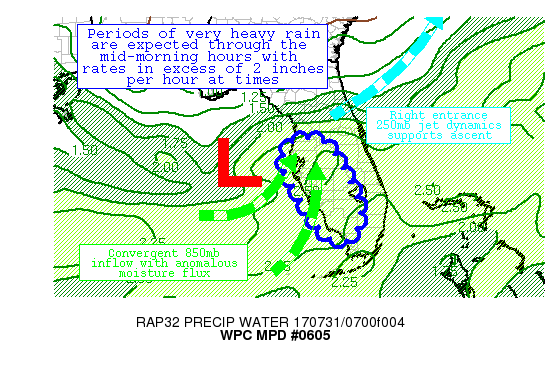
AREAS AFFECTED...WEST CENTRAL FLORIDA

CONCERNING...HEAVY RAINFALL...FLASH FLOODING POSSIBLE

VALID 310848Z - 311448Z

SUMMARY...A DEEP SURGE OF TROPICAL MOISTURE OVER WESTERN FLORIDA
IN ASSOCIATION WITH A SURFACE LOW NEAR THE COAST IS EXPECTED TO
RESULT IN WIDESPREAD HEAVY SHOWERS AND THUNDERSTORMS.  THE
POTENTIAL EXISTS FOR SOME RAINFALL AMOUNTS IN EXCESS OF 4 INCHES
BY 11AM LOCAL TIME.

DISCUSSION...RADAR AND SURFACE OBSERVATIONS ARE INDICATING A WELL
DEFINED CIRCULATION ABOUT 100 MILES WEST OF THE GREATER TAMPA BAY
AREA EARLY MONDAY MORNING.  HEAVY CONVECTION WITH THIS LOW HAS
GRADUALLY BEEN INCREASING IN COVERAGE OVER THE PAST COUPLE OF
HOURS, WITH NEAR TERM MODEL GUIDANCE SUGGESTING THAT THIS TREND
WILL CONTINUE.

ATMOSPHERIC PARAMETERS ARE QUITE CONDUCIVE FOR HEAVY RAINFALL
ACROSS THE WESTERN FLORIDA PENINSULA DURING THE MORNING HOURS.
RIGHT ENTRANCE UPPER LEVEL JET DYNAMICS ARE ALLOWING FOR DEEP
LAYER ASCENT TO THE EAST OF THE LOW.  LOW LEVEL MOISTURE FLUX
ANOMALIES APPROACHING 3 STANDARD DEVIATIONS FROM THE SOUTHWEST,
INCLUDING CONVERGENT 850MB FLOW NEAR THE COAST AND FRICTIONAL
CONVERGENCE WITH LAND, WILL FURTHERMORE RESULT IN ENHANCED ASCENT
AND WIDESPREAD CONVECTION.  THE MAIN MITIGATING FACTOR HERE IS THE
RELATIVELY HIGH FLASH FLOOD GUIDANCE VALUES INITIALLY, WHICH KEEPS
THIS FROM OTHERWISE BEING A FLASH FLOOD LIKELY SCENARIO.
URBANIZED AREAS HAVE A GREATER RISK OF FLOODING CONCERNS.

RECENT HI-RES MODEL RUNS ARE RATHER OMINOUS WITH THE PROJECTED
RAINFALL THROUGH 15Z, WITH THE LATEST HRRR SHOWING THE POTENTIAL
FOR 6 INCHES OF RAIN BETWEEN TAMPA AND FORT MYERS!  THE
EXPERIMENTAL HRRR ALSO HAS SIMILAR AMOUNTS BUT SLIGHTLY LESS IN
THE WAY OF COVERAGE.  OTHER NEAR TERM GUIDANCE, INCLUDING THE ARW
AND NMMB, ARE IN THE 3 TO 6 INCH RANGE.  IF THESE MODEL SOLUTIONS
VERIFY, THESE TYPES OF AMOUNTS WILL BE ENOUGH TO CAUSE SOME
FLOODING PROBLEMS.